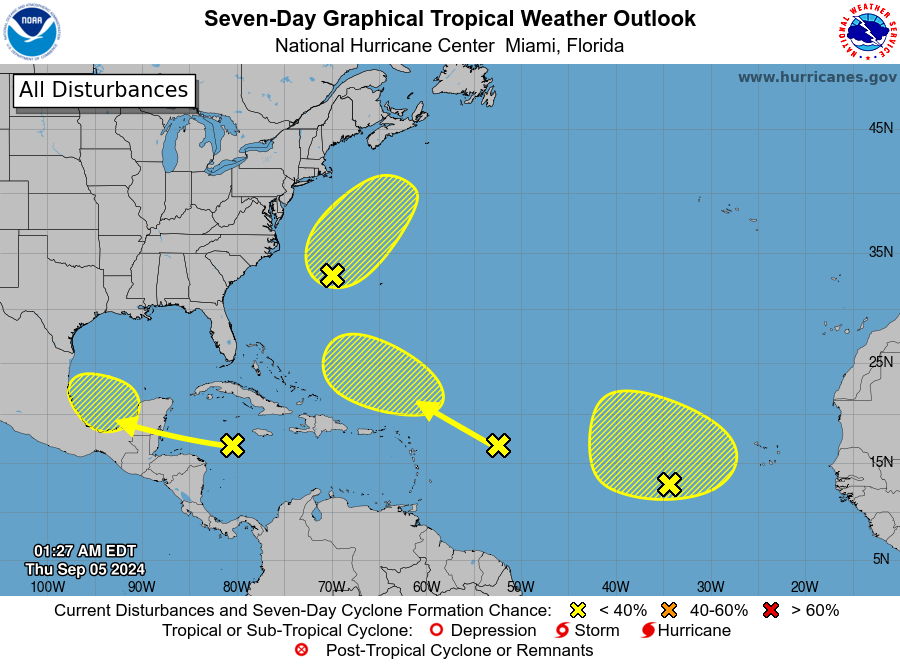
For the North Atlantic...Caribbean Sea and the Gulf of Mexico:

1. Northwestern Atlantic: A non-tropical area of low pressure located a few hundred miles east of North Carolina is producing limited shower and thunderstorm activity well to the east of its center. This system could acquire some subtropical characteristics over the next couple of days or so while it moves generally north-northeastward, remaining offshore of the northeastern United States. Once the low moves over cooler waters by late Saturday, further subtropical development is not expected. Additional information on this system, including gale warnings, can be found in High Seas Forecasts issued by the National Weather Service.
* Formation chance through 48 hours...low...10 percent.
* Formation chance through 7 days...low...20 percent.

2. Eastern Tropical Atlantic: A broad area of low pressure over the eastern tropical Atlantic is producing disorganized showers and thunderstorms. Some slow development of this system is possible during the next several days while it drifts northwestward or northward.
* Formation chance through 48 hours...low...10 percent.
* Formation chance through 7 days...low...20 percent.

3. Northwestern Caribbean Sea and Southwestern Gulf of Mexico: A tropical wave moving quickly westward at about 20 mph over the western Caribbean Sea continues to produce a broad area of disorganized showers and thunderstorms. Some development is possible in a few days after the system crosses the Yucatan Peninsula of Mexico and moves over the southwestern Gulf of Mexico.
* Formation chance through 48 hours...low...near 0 percent.
* Formation chance through 7 days...low...30 percent.

4. Central Tropical Atlantic: Another tropical wave located several hundred miles east of the Lesser Antilles is producing disorganized shower and thunderstorm activity. Strong upper-level winds are expected to limit development of this system during the next few days while it moves west-northwestward at 10 to 15 mph. By early next week, environmental conditions could become more conducive for some slow development while the system moves northwestward over the southwestern Atlantic Ocean.
* Formation chance through 48 hours...low...near 0 percent.
* Formation chance through 7 days...low...10 percent.

High Seas Forecasts are issued by the National Weather Service under AWIPS header NFDHSFAT1 and WMO header FZNT01 KWBC, and online at ocean.weather.gov/shtml/NFDHSFAT1.php

Forecaster Reinhart